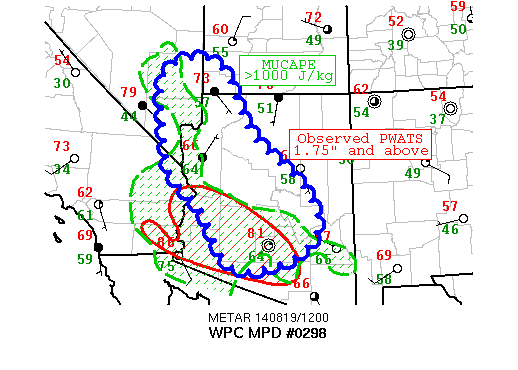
AREAS AFFECTED...AZ...SOUTHEASTERN CA/SOUTHERN NV/SOUTHWESTERN
UT...

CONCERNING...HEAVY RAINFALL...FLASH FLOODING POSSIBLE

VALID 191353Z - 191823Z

SUMMARY...EARLY MORNING CONVECTION CONTINUES TO THRIVE ACROSS
CENTRAL AZ AND UP TOWARD THE NV/UT BORDER. THE ATMOSPHERE REMAINS
MOIST AND UNSTABLE WITH FLASH FLOODING POSSIBLE...PARTICULARLY IN
REGIONS OF MORE SLOPED TERRAIN.

DISCUSSION...A RATHER IMPRESSIVE 12Z SOUNDING WAS OBSERVED IN THE
PHOENIX AZ AREA WITH PWATS NEARING 2 INCHES  AND AMPLE
SURFACE-BASED CAPE OF OVER 2000 J/KG. THE 11Z RAP SHOWED A RATHER
WELL DEFINED TONGUE OF INSTABILITY EXTENDING UP FROM THE GULF OF
CA/SEA OF CORTEZ NORTHWARD INTO THE DESERT SOUTHWEST. THIS HAS
COMBINED WITH AN IMPRESSIVE SURGE OF MOISTURE WITH PWATS IN THE
1.75 TO 2 INCH RANGE ANCHORING SOUTHERN AZ/SOUTHEASTERN CA. THIS
COMBINATION WILL CONTINUE TO BE IN PLACE AND BE FURTHER FUELED BY
DIURNAL HEATING TO BRING MULTIPLE ROUNDS OF HEAVY RAINFALL. GIVEN
THE COMPLEX TERRAIN OVER THE REGION...FLASH FLOODING WILL BE
POSSIBLE...PARTICULARLY WITH STORM UPDRAFTS THAT HAVE LONGER
RESIDENCE TIMES. AREAS OF NORTHWESTERN AZ HAVE ALREADY EXPERIENCED
FLASH FLOOD CONDITIONS OVERNIGHT WHICH MAKES THE REGION MORE
SUSCEPTIBLE TO ADDITIONAL ISSUES THE NEXT SEVERAL HOURS.
OVERALL...THE HIGH-RESOLUTION MODELS HAVE A CONSISTENT SIGNAL IN
DROPPING HEAVY RAINFALL IN AN AXIS EXTENDING FROM SOUTHEASTERN AZ
NORTHWESTWARD TOWARD THE NV/UT/AZ BORDER. WILL CONTINUE TO MONITOR
THE SITUATION FOR A POSSIBLE REISSUANCE THIS AFTERNOON.